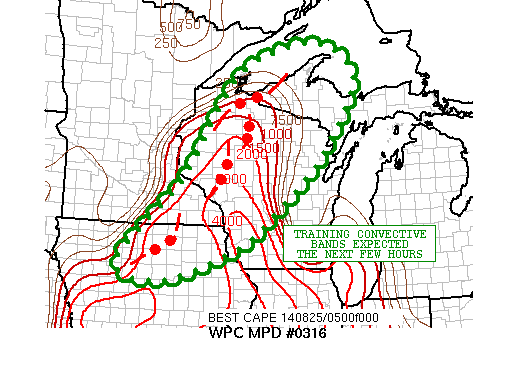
AREAS AFFECTED...NORTHEAST IA...EXTREME SOUTHEAST MN...CENTRAL AND
NORTHERN WI...U.P. OF MI

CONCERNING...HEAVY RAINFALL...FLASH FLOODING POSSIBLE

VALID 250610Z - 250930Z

SUMMARY...THE POTENTIAL TRAINING SHOWERS AND THUNDERSTORMS WILL
CONTINUE FOR THE NEXT SEVERAL HOURS. THIS COUPLED WITH INTENSE
RAINFALL RATES WILL FOSTER SHORT-TERM FLASH FLOOD POTENTIAL.

DISCUSSION...THE LATEST IR AND WV IMAGERY SHOWS INCREASINGLY
DIFFLUENT FLOW ALOFT OVER THE UPR MIDWEST AS JET ENERGY LIFTS NEWD
AROUND THE EAST SIDE OF AN UPPER TROUGH AND CLOSED LOW SITUATED
OVER THE NRN PLAINS. THE UPTICK IN LARGER SCALE ASCENT/FORCING IS
HELPING TO GENERATE VERY COLD-TOPPED CONVECTION OVER PORTIONS OF
NERN IA AND ESP NWRN WI AND MOVING INTO THE U.P. OF MI. THE
ACTIVITY IS FOCUSING ALONG AND JUST AHEAD OF A COLD FRONT AND
ALONG A VERY SHARP INSTABILITY GRADIENT.

DESPITE THERE BEING SOME LOW LVL CINH...THERE WILL LIKELY BE
SUFFICIENT INSTABILITY OVER THE NEXT FEW HOURS ABOVE THE SFC AND
WITH LARGER SCALE FORCING FOR A RATHER ORGANIZED BAND OF
CONVECTION TO CONTINUE AND POTENTIALLY EXPAND SOMEWHAT IN
COVERAGE. THE 00Z NAM-CONEST AND 00Z ARW BOTH SHOW SIGNALS FOR
THIS. THE AXIS OF CONVECTION SHOULD TEND TO BE ORIENTED
SW/NE...WITH CELL PROPAGATION OFF TO THE NE AND CONTINUING TO
ALIGN ITSELF WITHIN THE SHARP INSTABILITY GRADIENT.

PWATS JUST AHEAD OF THE SLOW-MOVING COLD FRONT ARE UP NEAR 1.75
INCHES...AND ALREADY RAINFALL RATES OF 1.5 TO 2 INCHES/HR HAVE
BEEN REPORTED.

THIS COUPLED WITH THE REPEATING/TRAINING NATURE OF THE ACTIVITY
SHOULD FOSTER AN AXIS OF POTENTIAL FLASH FLOODING OVER THE NEXT
SEVERAL HOURS.